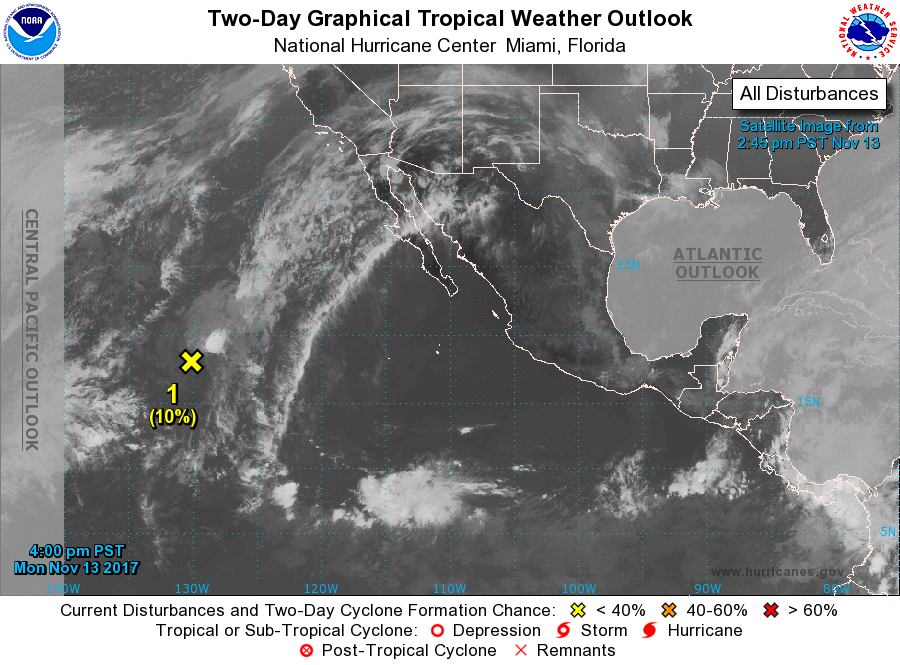
For the eastern North Pacific...east of 140 degrees west longitude:

1. A small, well-defined low pressure system located more than 1300 miles west-southwest of the southern tip of the Baja California peninsula is producing an area of showers and isolated thunderstorms near and to the northeast of the surface center. Upper-level winds continue to become less conducive for development, and are forecast to become quite unfavorable for tropical cyclone formation by Tuesday. This system is expected to move west-northwestward at 10 to 15 mph across the open eastern Pacific during the next few days.
* Formation chance through 48 hours...low...10 percent.
* Formation chance through 5 days...low...10 percent.

Forecaster Stewart